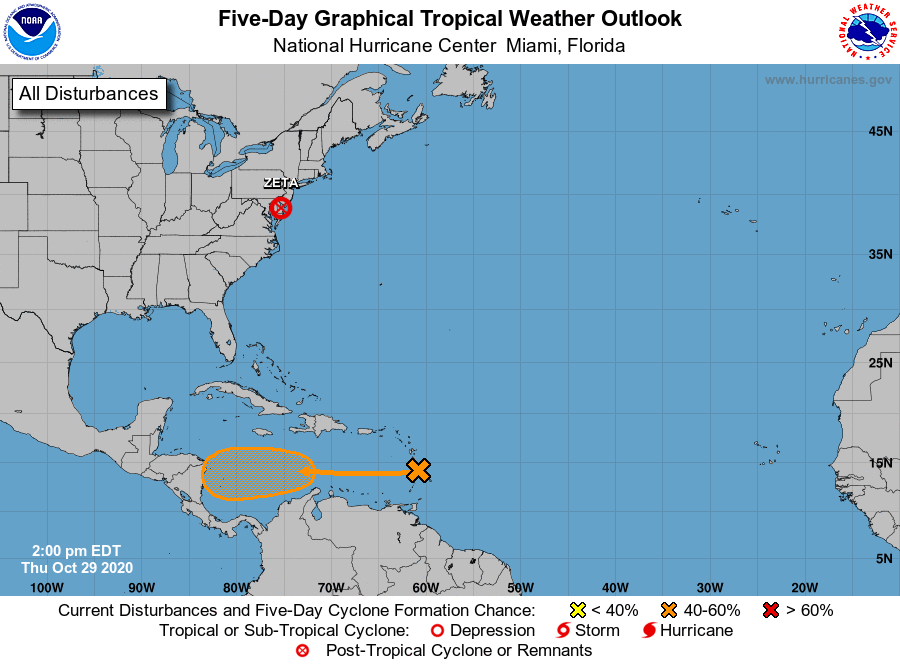
For the North Atlantic...Caribbean Sea and the Gulf of Mexico:

The National Hurricane Center is issuing advisories on Zeta, located over Virginia.

1. A large area of disturbed weather in the vicinity of the Lesser Antilles is associated with a tropical wave. Upper-level winds are expected to become more conducive for development of this disturbance during the next couple of days, and a tropical depression could form over the weekend or early next week while the system moves westward across the central and western Caribbean Sea.
* Formation chance through 48 hours...low...20 percent.
* Formation chance through 5 days...medium...60 percent.

Forecaster Pasch